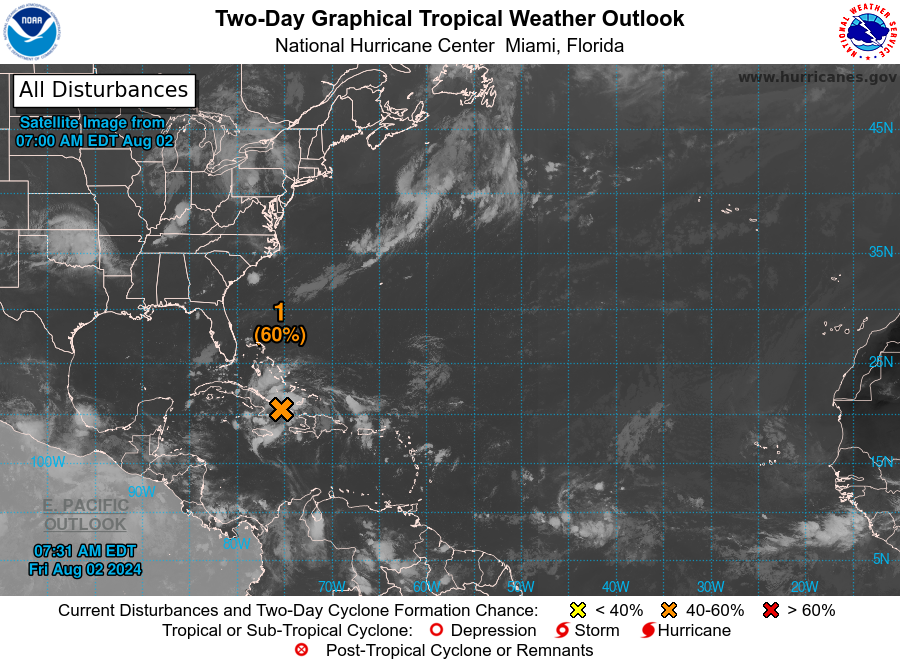
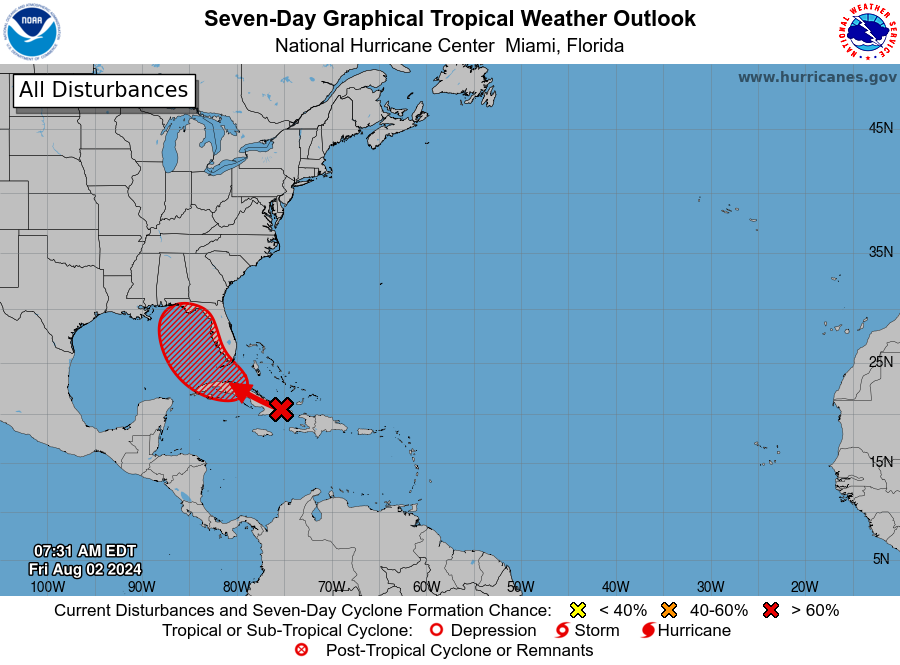
For the North Atlantic...Caribbean Sea and the Gulf of Mexico:

Straits of Florida and Eastern Gulf of Mexico (AL97): A well-defined tropical wave is producing a large area of poorly organized showers and thunderstorms over eastern Cuba, Hispaniola, the southeastern Bahamas, and Jamaica, as well as the adjacent waters of the southwestern Atlantic and the Caribbean Sea. The wave is expected to move near or over Cuba throughout the day and then emerge over the Straits of Florida tonight or Saturday. Environmental conditions are expected to be conducive for additional development after that time, and a tropical depression is likely to form this weekend over the Straits of Florida or eastern Gulf of Mexico near the Florida Peninsula. Tropical storm watches or warnings could be required for portions of Florida later today.

1. Regardless of development, heavy rains could cause areas of flash flooding across Florida, Cuba, and the Bahamas through the weekend, and interests in these locations should continue to monitor the progress of this system. A NOAA Hurricane Hunter aircraft is scheduled to investigate this system later today.
* Formation chance through 48 hours...medium...60 percent.
* Formation chance through 7 days...high...90 percent.

Forecaster Beven